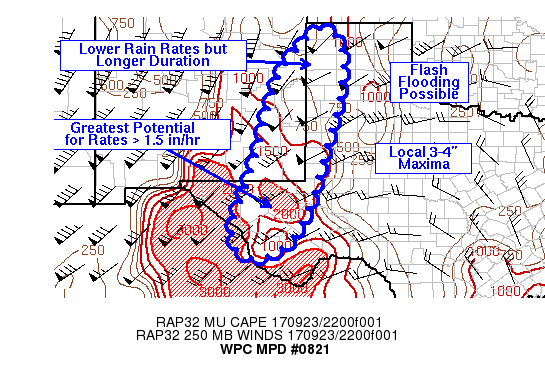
AREAS AFFECTED...ERN NM INTO FAR W TX

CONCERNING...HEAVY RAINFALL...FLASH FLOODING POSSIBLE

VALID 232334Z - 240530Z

SUMMARY...LOCALIZED FLASH FLOODING WILL BE POSSIBLE ACROSS
PORTIONS OF ERN NM INTO FAR WRN TX THROUGH 06Z WITH REPEATING
CELLS AND PERIODS OF TRAINING. WHILE LOCALIZED MAXIMA OF 3-4
INCHES WILL BE POSSIBLE...LOCATIONS FARTHER SOUTH ARE EXPECTED TO
HAVE THE GREATEST THREAT FOR HEAVY RAINFALL RATES AND FLASH
FLOODING.

DISCUSSION...23Z REGIONAL RADAR IMAGERY SHOWED A BROKEN
NORTH-SOUTH AXIS OF CONVECTION OVER FAR ERN NM INTO THE TX
PANHANDLE...PROPAGATING TOWARD THE EAST AT ABOUT 20 KT. RADAR
DERIVED RAINFALL RATES HAVE BEEN GENERALLY 0.5 TO 1.0 IN/HR WITHIN
THIS AXIS OF CONVECTION...LOCALLY HIGHER WITHIN STRONGER CORES.
THE RAINFALL APPEARS TO BE CO-LOCATED WITH AN AXIS OF LOW LEVEL
CONFLUENCE...NOTED ON RAP ANALYSES AND AREA VAD WIND PLOTS OVER
ERN NM. FARTHER TO THE SOUTH AND WEST...MORE ROBUST UPDRAFTS WERE
NOTED VIA COLDER CLOUD TOPS ON INFRARED IMAGERY FROM PORTIONS OF
THE TRANS PECOS INTO HUDSPETH COUNTY WHERE EARLIER GREATER SOLAR
INSOLATION HAD ALLOWED 500-1500 J/KG MLCAPE TO DEVELOP VIA THE
LATEST SPC MESOANALYSIS PAGE. GREATER CLOUD COVER OVER THE NRN
TX/NM BORDER AND ONGOING CONVECTION HAS RESULTED IN REDUCED CAPE
VALUES GENERALLY BELOW 1000 J/KG. ALOFT...FLOW IS BROADLY
DIFFLUENT WHICH HAS BEEN AIDING IN EVACUATION ALOFT AND STORM
MAINTENANCE.

WATER VAPOR IMAGERY SHOWED ONLY SLOW EWD MOVEMENT OF A LARGE
CLOSED LOW CENTERED OVER SRN NV AND THIS SLOW MOVEMENT IS EXPECTED
TO CONTINUE THROUGH 06Z. THE SLOW APPROACH OF THE UPPER LOW IS
FORECAST TO AID IN INCREASING 850-700 MB WINDS FROM THE SOUTH INTO
THE 35-40 KT RANGE BY 06Z ALONG THE NM/TX BORDER. BURSTS OF
CONVECTIVE ACTIVITY ARE EXPECTED TO CONTINUE OVER FAR ERN NM AND
WEST TX WITH PERIODS OF TRAINING AND REPEATING CELL MOVEMENTS
GIVEN QUASI-UNIDIRECTIONAL FLOW FROM THE SOUTH. DUE TO INCREASED
INSTABILITY OVER SOUTHERN LOCATIONS...THERE IS GREATER POTENTIAL
FOR HIGHER RAINFALL RATES HERE THAN LOCATIONS FARTHER NORTH. LOCAL
MAXIMA OF 3-4 INCHES ARE EXPECTED THROUGH 06Z BUT MANY LOCATIONS
SHOULD SEE ABOUT 0.25 TO 1.5 INCH TOTALS.